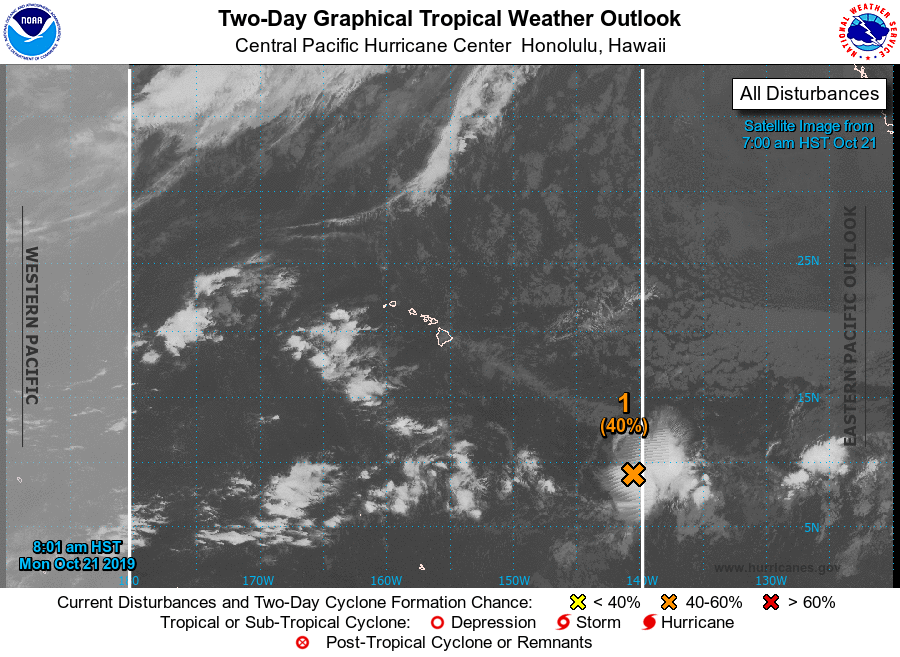
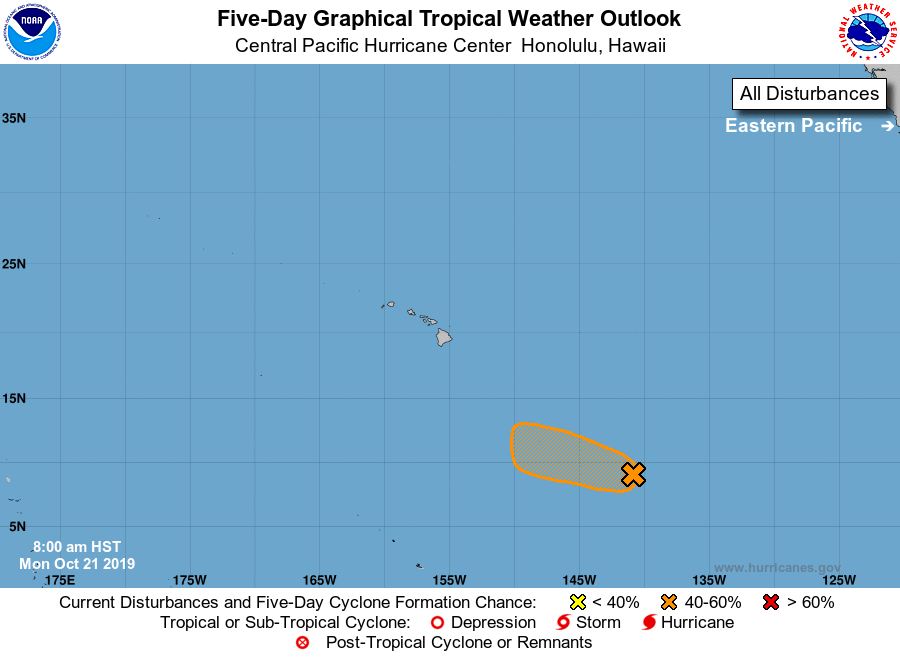
For the central North Pacific...between 140W and 180W:

1. Showers and thunderstorms associated with a well-defined low pressure system located about 1800 miles southeast of Hilo, Hawaii have increased and become a little better organized since Sunday. Environmental conditions appear conducive for additional development of this system, and a tropical depression could form during the next couple of days while the system moves westward to west-northwestward at about 10 mph. Upper-level winds are expected to become less favorable for development by the middle to latter part of the week.
* Formation chance through 48 hours...medium...40 percent.
* Formation chance through 5 days...medium...40 percent.

Elsewhere, no tropical cyclones are expected during the next 5 days.

Forecaster Kino